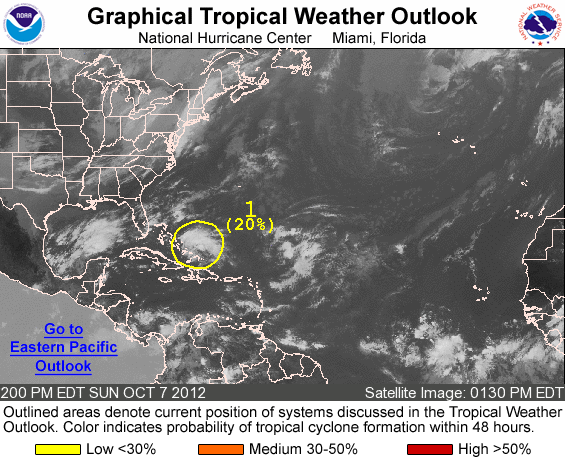
FOR THE NORTH ATLANTIC...CARIBBEAN SEA AND THE GULF OF MEXICO...

1. DISORGANIZED SHOWER AND THUNDERSTORM ACTIVITY HAS CHANGED LITTLE OVER THE PAST SEVERAL HOURS IN ASSOCIATION WITH A WEAK LOW PRESSURE SYSTEM LOCATED OVER THE SOUTHEASTERN BAHAMAS...AND THE TURKS AND CAICOS ISLANDS. SOME SLOW DEVELOPMENT OF THIS LOW IS STILL POSSIBLE DURING THE DAY OR TWO BEFORE UPPER-LEVEL WINDS BECOME UNFAVORABLE. THIS SYSTEM HAS A LOW CHANCE...20 PERCENT...OF BECOMING A TROPICAL CYCLONE DURING THE NEXT 48 HOURS AS IT MOVES WEST-NORTHWESTWARD AT ABOUT 10 MPH. REGARDLESS OF DEVELOPMENT... THIS DISTURBANCE COULD PRODUCE HEAVY RAINFALL ACROSS PORTIONS OF THE TURKS AND CAICOS ISLANDS...AND THE SOUTHEASTERN AND CENTRAL BAHAMAS DURING THE NEXT COUPLE OF DAYS.

ELSEWHERE...TROPICAL CYCLONE FORMATION IS NOT EXPECTED DURING THE NEXT 48 HOURS.

FORECASTER STEWART